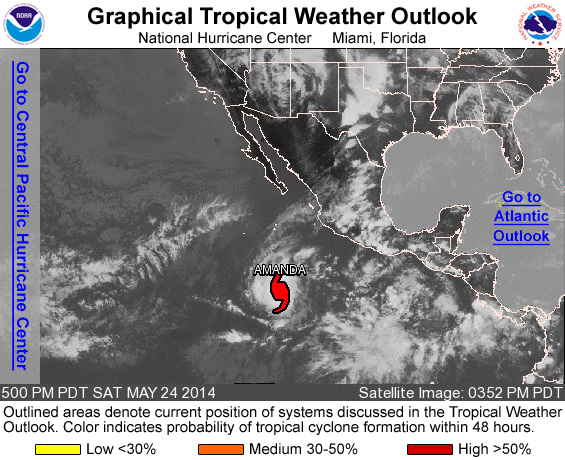
For the eastern North Pacific...east of 140 degrees west longitude:

The National Hurricane Center is issuing advisories on Hurricane Amanda, located several hundred miles southwest of the southwestern coast of Mexico.

Tropical cyclone formation is not expected during the next 5 days.

Forecaster Brennan